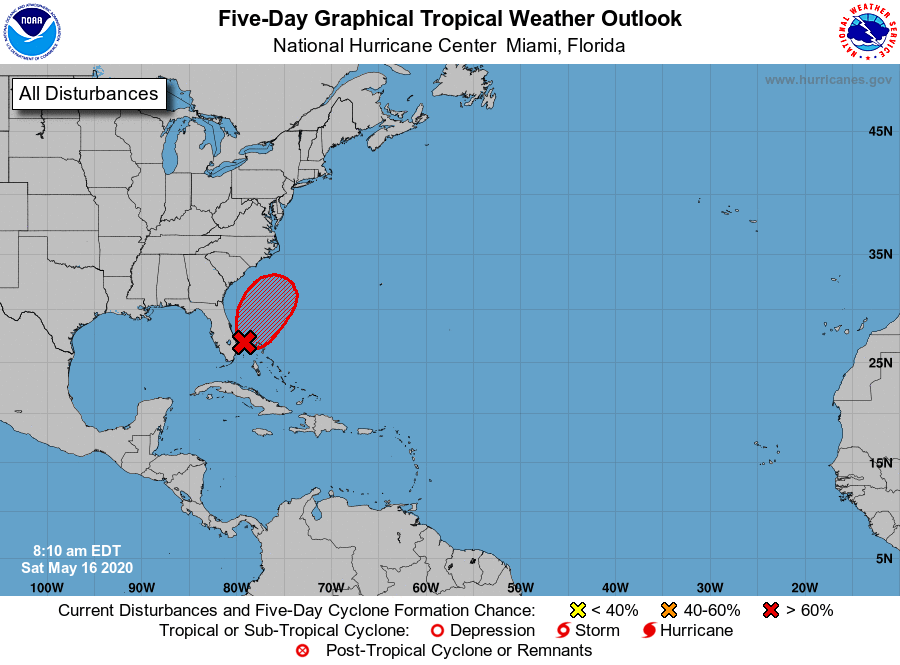
For the North Atlantic...Caribbean Sea and the Gulf of Mexico:

Special Tropical Weather Outlook issued to discuss the potential for tropical or subtropical development off the east coast of Florida.

1. An area of low pressure located just offshore of the southeast coast of Florida continues to produce shower activity and gusty winds from portions of southeast and east-central Florida eastward across the northwestern Bahamas and the adjacent Atlantic waters. Satellite images and surface observations indicate that the low is gradually becoming better defined, but the associated showers and thunderstorms remain disorganized. Continued gradual development is expected, and the system is likely to become a tropical or subtropical depression or storm later today or tonight while it moves north-northeastward over the Atlantic waters east of Florida. Later in the weekend and early next week, the system is expected to move generally northeastward over the western Atlantic near or east of the Carolinas.

Regardless of development, the disturbance will continue to bring heavy rainfall and gusty winds across portions of east-central Florida and the northwestern Bahamas through today. In addition, hazardous marine conditions will spread northward during the next few days, likely causing dangerous surf and rip currents along much of the southeast and mid-Atlantic coasts of the U.S. See products from your local weather office for more details. An Air Force Reserve Hurricane Hunter aircraft is currently enroute to investigate the disturbance. The next Special Tropical Weather Outlook on this system will be issued by 3 PM EDT today, or earlier if needed.
* Formation chance through 48 hours...high...80 percent.
* Formation chance through 5 days...high...80 percent.

Forecaster Cangialosi